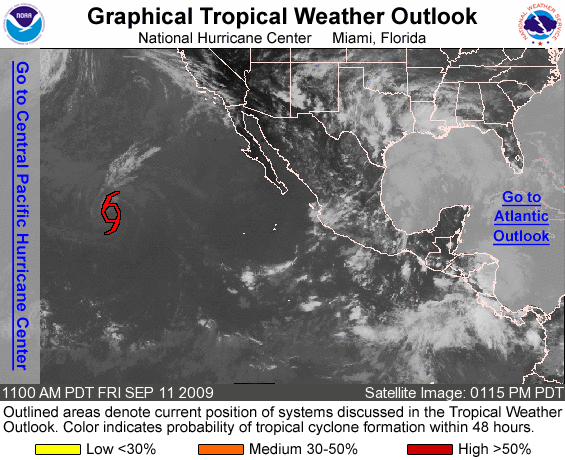
FOR THE EASTERN NORTH PACIFIC...EAST OF 140 DEGREES WEST LONGITUDE..

THE NATIONAL HURRICANE CENTER IS ISSUING ADVISORIES ON TROPICAL STORM LINDA...LOCATED ABOUT 1355 MILES WEST OF THE SOUTHERN TIP OF BAJA CALIFORNIA.

ELSEWHERE...TROPICAL CYCLONE FORMATION IS NOT EXPECTED DURING THE NEXT 48 HOURS.

FORECASTER AVILA